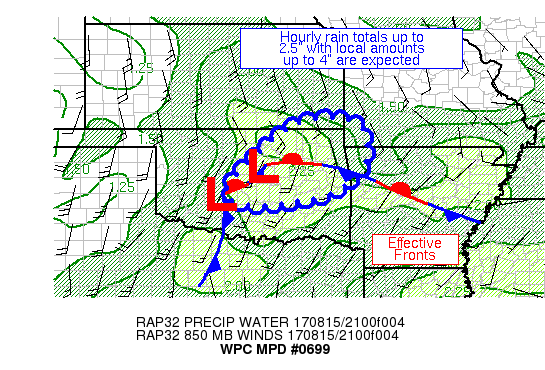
AREAS AFFECTED...NORTHEAST OK & NORTHWEST AR

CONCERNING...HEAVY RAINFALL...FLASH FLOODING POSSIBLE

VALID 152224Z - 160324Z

SUMMARY...THUNDERSTORMS ARE ATTEMPTING TO FORM A TRAINING BAND
NEAR INTERSTATE 44.  HOURLY RAIN TOTALS TO 2.5" WITH LOCAL AMOUNTS
TO 4" ARE EXPECTED.

DISCUSSION...A TRAILING SOUTHWEST FLANK OF A FORWARD PROPAGATING
THUNDERSTORM COMPLEX IN NORTHEAST OK IS ATTEMPTING TO LINK UP WITH
NEW ACTIVITY NEAR OKLAHOMA CITY TO FORM A NEW TRAINING BAND OF
CONVECTION, WITH ADDITIONAL THUNDERSTORMS TRYING TO MERGE IN FROM
THE SOUTH.  DIVERGENCE ALOFT IS BEING AIDED BY A WEAK SHORTWAVE
MOVING THROUGH NORTH-CENTRAL OK WITH AN ADDITIONAL WEAK UPSTREAM
SHORTWAVE NOTED NEAR THE TX PANHANDLE.  PRECIPITABLE WATER VALUES
ARE ~2" PER RECENT RAP MASS FIELD FORECASTS.  INFLOW AT 850 HPA IS
SOUTHWEST AT 20 KTS -- NEAR THE MAGNITUDE OF THE MEAN 850-400 HPA
WIND -- WHICH IS IMPORTING ML CAPE VALUES OF 1000-3000 J/KG INTO
THE THUNDERSTORM AREA.  EFFECTIVE BULK SHEAR IS 30-35 KTS PER SPC
MESOANALYSES.

CIN CONTINUES TO ERODE HERE WHICH SHOULD ALLOW FOR ADDITIONAL
CONVECTIVE EXPANSION.  SLOWLY INCREASING 850 HPA WINDS COULD LEAD
TO SOME BACKBUILDING.  AT SOME POINT AFTER 01Z, CONVECTION SHOULD
ATTEMPT TO ELEVATE TOWARDS THE 850 HPA REFLECTION OF THE BOUNDARY
TOWARDS THE EASTERN KS/OK BORDER.  THE 12Z SSEO NEIGHBORHOOD
PROBABILITIES HAVE THE STRONGEST SIGNAL FOR HEAVY RAINFALL BETWEEN
NOW AND 01Z BEFORE SHOWING A WEAKENING SIGNAL THEREAFTER.  THE
MESOSCALE GUIDANCE HAS SOME GRASP ON THIS ACTIVITY, AND GENERALLY
ADVERTISES LOCAL AMOUNTS UP TO 3-4".  AVAILABLE MOISTURE AND
INSTABILITY COULD LEAD TO HOURLY TOTALS UP TO 2.5".  SOME
LOCATIONS IN THIS REGION HAVE SEEN TWO WEEK RAINFALL OF 300%+ OF
NORMAL; SOILS IN SOME AREAS ARE PARTIALLY SATURATED.  THE BIGGEST
HEAVY RAIN THREAT WOULD BE TO PARTIALLY SATURATED SOILS AND URBAN
AREAS.